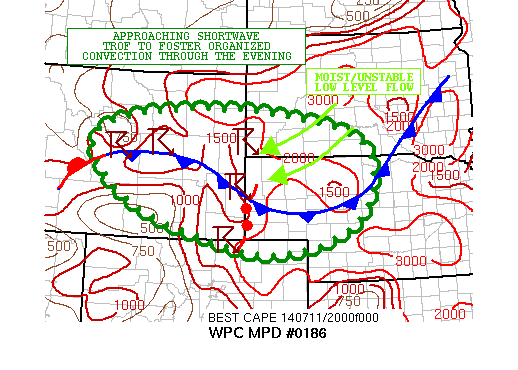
AREAS AFFECTED...CENTRAL AND EASTERN WY...SOUTHWEST SD...CENTRAL
AND WESTERN NE...EXTREME NORTHEAST CO

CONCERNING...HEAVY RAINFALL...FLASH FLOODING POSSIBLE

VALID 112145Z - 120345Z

SUMMARY...INCREASING THUNDERSTORM ORGANIZATION AND COVERAGE
EXPECTED OVER THE NEXT SEVERAL HOURS. CELL-MERGERS AND SLOW
MOVEMENT MAY SUPPORT SOME AREAS OF FLASH FLOODING THROUGH THE
EVENING.

DISCUSSION...THE LATEST IR SAT IMAGERY SHOWS COOLING CONVECTIVE
TOPS OVER MUCH OF WY IN RESPONSE TO A SHORTWAVE TROF ARRIVING FROM
NERN UT AND INTERACTING WITH A COLD FRONT AND AN ANOMALOUSLY MOIST
AND UNSTABLE BOUNDARY LAYER INVOF THE HIGHER TERRAIN AND ADJACENT
HIGH PLAINS NEAR THAT FRONT.

OVER THE NEXT FEW HOURS...SHOWER AND THUNDERSTORM ACTIVITY SHOULD
EXPAND IN COVERAGE AND INTENSITY OVER CNTRL AND ERN WY...AND
LIKELY ORGANIZING INTO AN MCS AFTER 00Z OVER THE WY/NE HIGH PLAINS
AND POSSIBLY FAR SWRN SD. THE AIRMASS ACROSS THIS AREA IS HIGHLY
UNSTABLE WITH SBCAPE VALUES OF NEAR 3000 J/KG AND LI/S AS PER
LATEST GOES-SOUNDER DATA OF -6 TO -8. THIS COUPLED WITH THE
ARRIVING SHORTWAVE TROF AND MOIST LOW LVL E/NELY FLOW INTO THE
HIGHER TERRAIN PROVIDING AN UPSLOPE FLOW COMPONENT SHOULD ENHANCE
THE POTENTIAL FOR ORGANIZED CONVECTION THROUGH THE EVENING.

THE LATEST HI-RES MODELS INCLUDING THE 18Z NAM-CONEST...12Z ARW
AND 12Z NMMB SUPPORT THIS SCENARIO...AND THEY SUGGEST POTENTIAL
FOR SEVERAL INCHES OF RAIN IN A SHORT AMT OF TIME...AND ESP AFTER
00Z WHEN THE CONVECTIVE ACTIVITY SHOULD BECOME NOTABLY MORE
ORGANIZED.

GIVEN A LIKELIHOOD FOR CELL-MERGERS AND RELATIVELY SLOW FORWARD
MOTION...EXPECT THERE TO BE SOME POTENTIAL FOR FLASH FLOODING
THROUGH THE EVENING...AND ESP NEAR AREAS OF HIGHER TERRAIN.